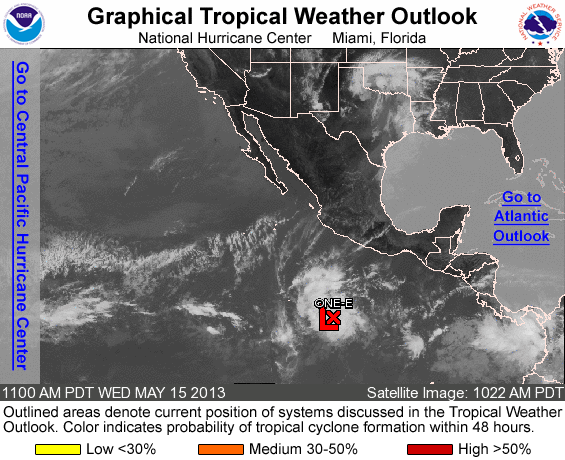
FOR THE EASTERN NORTH PACIFIC...EAST OF 140 DEGREES WEST LONGITUDE..

THE NATIONAL HURRICANE CENTER HAS INITIATED ADVISORIES ON TROPICAL DEPRESSION ONE-E...LOCATED SEVERAL HUNDRED MILES SOUTH-SOUTHWEST OF ACAPULCO MEXICO.

TODAY MARKS THE FIRST DAY OF THE EASTERN NORTH PACIFIC HURRICANE SEASON...WHICH WILL RUN UNTIL NOVEMBER 30. LONG-TERM AVERAGES FOR THE NUMBER OF NAMED STORMS...HURRICANES...AND MAJOR HURRICANES ARE 15...8...AND 4...RESPECTIVELY.

THE LIST OF NAMES FOR 2013 IS AS FOLLOWS:

NAME PRONUNCIATION NAME PRONUNCIATION ------------------------------------------------------------- ALVIN AL- VIN MANUEL MAHN WELL- BARBARA BAR- BRUH NARDA NAHR- DUH COSME COS- MAY OCTAVE AHK- TAYV DALILA DAH LY- LAH PRISCILLA PRIH SIH- LUH ERICK EHR- IK RAYMOND RAY- MUND FLOSSIE FLOSS- EE SONIA SOHN- YAH GIL GIL TICO TEE- KOH HENRIETTE HEN REE ETT- VELMA VELL- MUH IVO EYE VOH- WALLIS WAHL- LIS JULIETTE JEW LEE EHT- XINA ZEE- NAH KIKO KEE- KO YORK YORK LORENA LOW RAY- NA ZELDA ZEL- DAH

THIS PRODUCT...THE TROPICAL WEATHER OUTLOOK...BRIEFLY DESCRIBES SIGNIFICANT AREAS OF DISTURBED WEATHER AND THEIR POTENTIAL FOR TROPICAL CYCLONE FORMATION DURING THE NEXT 48 HOURS. THE ISSUANCE TIMES OF THIS PRODUCT ARE 5 AM...11 AM...5 PM...AND 11 PM PDT. AFTER THE CHANGE TO STANDARD TIME IN NOVEMBER...THE ISSUANCE TIMES ARE 4 AM...10 AM...4 PM...AND 10 PM PST.

A SPECIAL TROPICAL WEATHER OUTLOOK WILL BE ISSUED TO PROVIDE UPDATES...AS NECESSARY...IN BETWEEN THE REGULARLY SCHEDULED ISSUANCES OF THE TROPICAL WEATHER OUTLOOK. SPECIAL TROPICAL WEATHER OUTLOOKS WILL BE ISSUED UNDER THE SAME WMO AND AWIPS HEADERS AS THE REGULAR TROPICAL WEATHER OUTLOOKS.

A STANDARD PACKAGE OF PRODUCTS...CONSISTING OF THE TROPICAL CYCLONE PUBLIC ADVISORY...THE FORECAST/ADVISORY...THE CYCLONE DISCUSSION... AND A WIND SPEED PROBABILITY PRODUCT...IS ISSUED EVERY SIX HOURS FOR ALL ONGOING TROPICAL CYCLONES. IN ADDITION...A SPECIAL ADVISORY PACKAGE MAY BE ISSUED AT ANY TIME TO ADVISE OF SIGNIFICANT UNEXPECTED CHANGES OR TO MODIFY WATCHES OR WARNINGS.

THE TROPICAL CYCLONE UPDATE IS A BRIEF STATEMENT TO INFORM OF SIGNIFICANT CHANGES IN A TROPICAL CYCLONE OR TO POST OR CANCEL WATCHES OR WARNINGS. THE TROPICAL CYCLONE UPDATE IS USED IN LIEU OF OR TO PRECEDE THE ISSUANCE OF A SPECIAL ADVISORY PACKAGE. TROPICAL CYCLONE UPDATES...WHICH CAN BE ISSUED AT ANY TIME...CAN BE FOUND UNDER WMO HEADER WTPZ61-65 KNHC...AND UNDER AWIPS HEADER MIATCUEP1-5.

ALL NATIONAL HURRICANE CENTER TEXT AND GRAPHICAL PRODUCTS ARE AVAILABLE ON THE WEB AT WWW.HURRICANES.GOV. NHC IS ALSO ON FACEBOOK AT WWW.FACEBOOK.COM/US.NOAA.NATIONALHURRICANECENTER.GOV. NOTIFICATIONS ARE AVAILABLE VIA TWITTER WHEN SELECT NATIONAL HURRICANE CENTER PRODUCTS ARE ISSUED. INFORMATION ABOUT OUR EAST PACIFIC TWITTER FEED IS AVAILABLE AT WWW.HURRICANES.GOV/TWITTER.SHTML.

&&
PUBLIC ADVISORIES ON TROPICAL DEPRESSION ONE-E ARE ISSUED UNDER WMO HEADER WTPZ31 KNHC AND UNDER AWIPS HEADER MIATCPEP1. FORECAST/ ADVISORIES ARE ISSUED UNDER WMO HEADER WTPZ21 KNHC AND UNDER AWIPS HEADER MIATCMEP1.

FORECASTER BERG